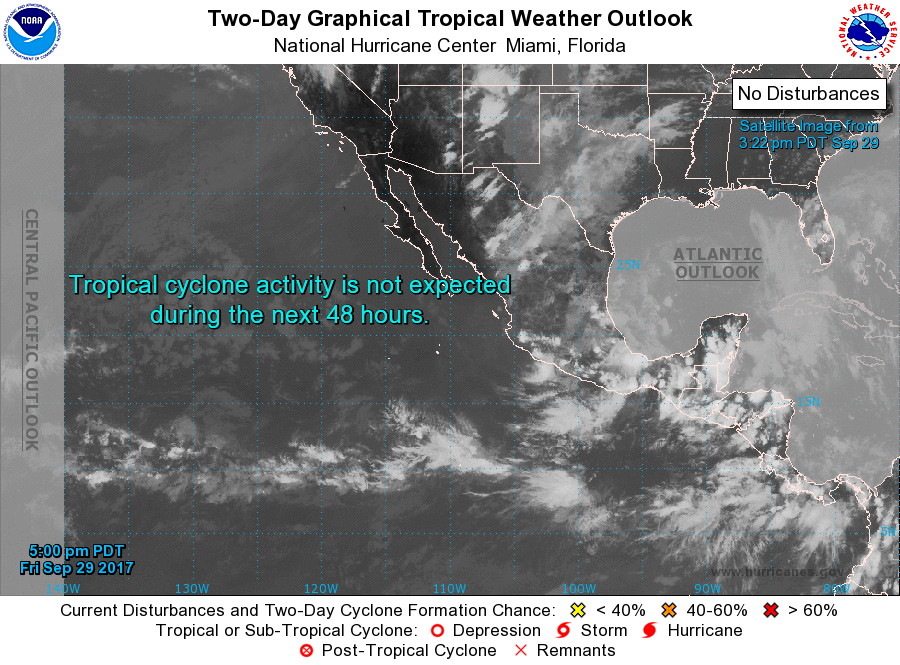
For the eastern North Pacific...east of 140 degrees west longitude:

1. An area of low pressure is forecast to develop a few hundred miles south or southwest of the Gulf of Tehuantepec by the middle of next week. Environmental conditions are expected to be conducive for gradual development while the system moves west-northwestward or northwestward.
* Formation chance through 48 hours...low...near 0 percent.
* Formation chance through 5 days...low...20 percent.

Forecaster Stewart